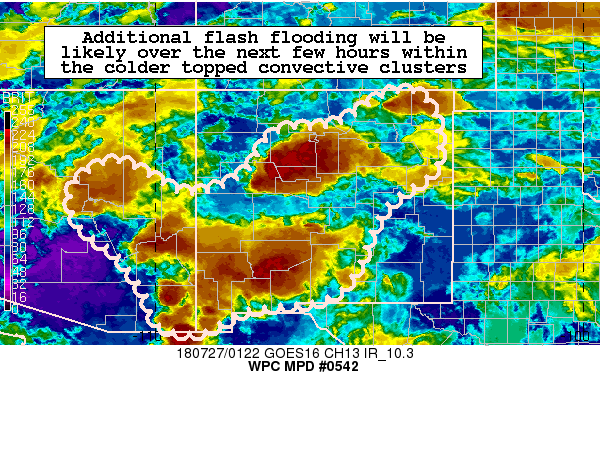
Areas affected...AZ...NM

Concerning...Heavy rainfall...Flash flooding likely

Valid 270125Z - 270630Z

Summary...Areas of heavy showers and thunderstorms will continue
over the next several hours. Additional flash flooding will be
likely.

Discussion...The latest GOES-16 10.3 micron clean IR imagery shows
clusters of very cold topped convection continuing to develop and
generally drop down to the south across areas of central and
eastern AZ, along with a large area of NM. The convection is
focusing within a moist environment with precipitable water values
of 1.5 to 2 standard deviations above normal. The convection has
been taking advantage of strong diurnal heating/surface-based
instability and orographics for the activity to be sustainable and
locally focused over the higher terrain.

Heavy rainfall rates of as much as 2 inches/hr will continue over
the next few hours as convection persists and gradually exhausts
the available instability across the region. Expect storm totals
through 06Z to be as much as 3 to 4 inches given the available
moisture and slow-cell motions.

Additional flash flooding will be likely given the forecast
amounts and heavy short-term rates, and there will be concerns
again on any area burn scars where runoff will be greatly enhanced.